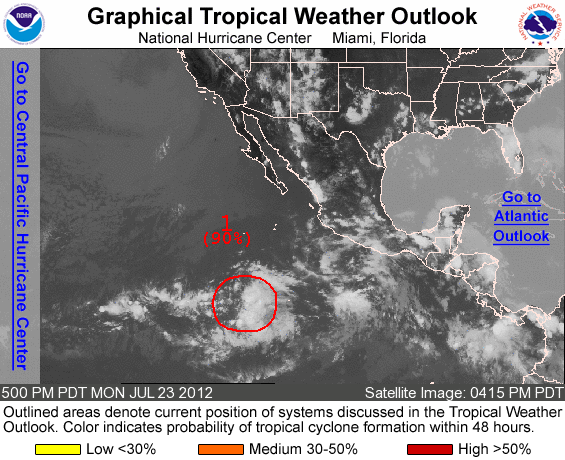
FOR THE EASTERN NORTH PACIFIC...EAST OF 140 DEGREES WEST LONGITUDE..

1. THERE HAS BEEN LITTLE CHANGE WITH THE LOW PRESSURE SYSTEM CENTERED ABOUT 925 MILES SOUTHWEST OF MANZANILLO MEXICO. HOWEVER... ENVIRONMENTAL CONDITIONS REMAIN CONDUCIVE FOR A TROPICAL DEPRESSION TO FORM DURING THE NEXT DAY OR SO. THIS SYSTEM HAS A HIGH CHANCE...90 PERCENT...OF BECOMING A TROPICAL CYCLONE DURING THE NEXT 48 HOURS AS IT MOVES WESTWARD OR WEST-NORTHWESTWARD AT 10 MPH.

ELSEWHERE...TROPICAL CYCLONE FORMATION IS NOT EXPECTED DURING THE NEXT 48 HOURS.

FORECASTER PASCH/BLAKE